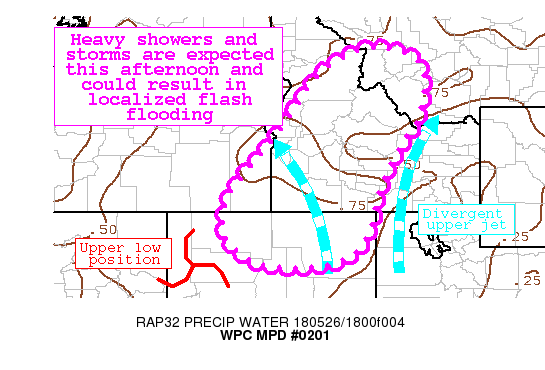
AREAS AFFECTED...NORTHERN NV...SOUTHEAST OR...SOUTHWEST ID

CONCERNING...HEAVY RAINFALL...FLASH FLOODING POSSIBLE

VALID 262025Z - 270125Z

SUMMARY...SLOW MOVING SCATTERED TO NUMEROUS SHOWERS AND
THUNDERSTORMS WILL PRODUCE LOCALLY HEAVY RAINFALL THROUGH THIS
AFTERNOON OVER THE NORTHERN GREAT BASIN AND PARTS OF THE NORTHERN
ROCKIES.  SOME INSTANCES OF FLASH FLOODING WILL BE POSSIBLE.

DISCUSSION...REGIONAL RADAR IMAGERY IS INDICATING RAPIDLY
DEVELOPING CONVECTION OVER NORTHEAST NEVADA AND EXTENDING
NORTHWARD INTO THE CENTRAL IDAHO MOUNTAINS EARLY THIS AFTERNOON.
THE MOST RECENT RAP ANALYSIS AND BLENDED TPW SHOWED PRECIPITABLE
WATER VALUES ON THE ORDER OF 0.75 TO 0.90 INCHES, WHICH IS NEAR
TWO STANDARD DEVIATIONS ABOVE NORMAL. CELLS DEVELOPING IN THIS
AIRMASS HAVE PRODUCED HOURLY RAINFALL RATES OF 0.75 TO 1.50 INCHES
PER HOUR.

THIS CONVECTION IS BEING DRIVEN BY DEEP LAYER ASCENT IN THE MID TO
UPPER LEVELS AHEAD OF A LARGE UPPER LOW OVER WESTERN NEVADA, WITH
MUCH OF THIS REGION UNDER THE FAVORABLE LEFT EXIT REGION OF THE
UPPER JET.  SHORTWAVE IMPULSES ROTATING AROUND THE UPPER LOW ARE
PROVIDING ADDITIONAL ASCENT AND ENHANCED LOW LEVEL CONVERGENCE.
IN ADDITION, MIXED LAYER CAPE IS ALSO IN THE 500 TO 1000 J/KG
RANGE BASED ON THE LATEST SPC MESOANALYSIS.

MOST OF THE AVAILABLE HIGH RESOLUTION GUIDANCE (INCLUDING THE MOST
RECENT HRRR AND EXPERIMENTAL HRRR) SHOWED THE POTENTIAL FOR LOCAL
1 TO 2 INCH RAINFALL AMOUNTS, WITH THE HIGHEST AMOUNTS NEAR THE
IDAHO/NEVADA BORDER.  THIS MUCH RAINFALL COULD RESULT IN LOCAL
FLASH FLOOD ISSUES, WHICH COULD BE ENHANCED IN AREAS WITH BURN
SCARS.